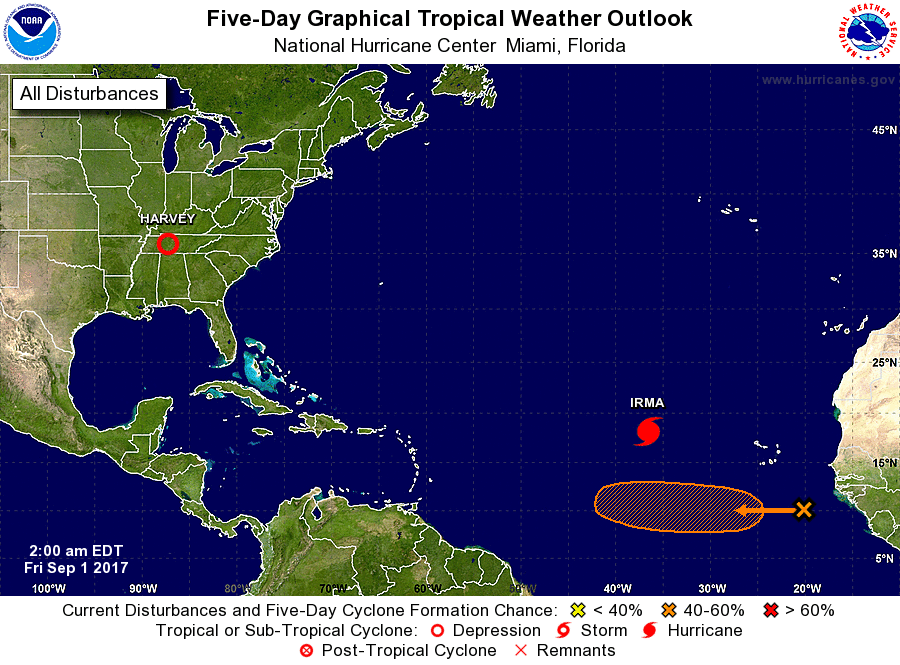
For the North Atlantic...Caribbean Sea and the Gulf of Mexico:

The National Hurricane Center is issuing advisories on Hurricane Irma, located over the eastern Atlantic Ocean. The Weather Prediction Center is issuing advisories on Tropical Depression Harvey, located over northern Mississippi.

1. A tropical wave located over the far eastern Atlantic Ocean just off the west coast of Africa is producing disorganized showers and thunderstorms. Environmental conditions are expected to be conducive for development, and this system could become a tropical depression early next week while it moves westward at 15 mph over the tropical Atlantic.
* Formation chance through 48 hours...low...near 0 percent.
* Formation chance through 5 days...medium...50 percent.

Forecaster Cangialosi